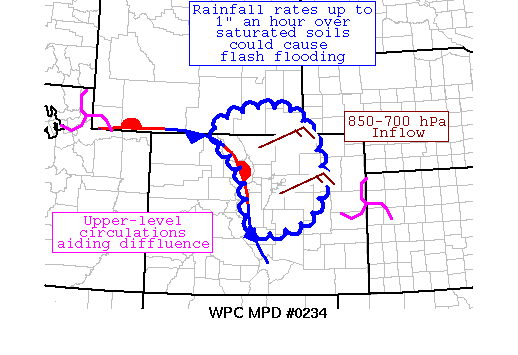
AREAS AFFECTED...SOUTHEAST WY AND NORTHEAST CO

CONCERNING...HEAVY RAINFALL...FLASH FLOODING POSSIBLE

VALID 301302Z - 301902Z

SUMMARY...BUILDING INSTABILITY COMBINED WITH UPSLOPE FLOW AND
AVAILABLE MOISTURE COULD LEAD TO FLASH FLOODING OVER SATURATED
SOILS.

DISCUSSION...RADAR IMAGERY OVER THE PAST HOUR HAS INDICATED AN
UPTICK IN PRECIPITATION INTENSITY ACROSS SOUTHEAST WY AND
NORTHEAST CO.  UPSLOPE FLOW OF 10-20 KTS IS SEEN IN THE 850-700
HPA LAYER, WITH PRECIPITABLE WATER VALUES IN THE REGION ~1.25",
WHICH REMAINS 1.5-2 STANDARD DEVIATIONS ABOVE NORMAL OR NEAR THE
90TH PERCENTILE FOR LATE JULY.  THE BOULDER CO SOUNDING IS QUITE
MOIST WITH NO DRY LAYERS NEAR THE SURFACE, SO NO ADDITIONAL COLD
POOLS ARE EXPECTED TO FORM WITH ONGOING LOW-TOPPED CONVECTION.
THE MEAN 850-400 HPA WIND FLOW IS EXTREMELY WEAK IN THIS AREA --
THE MAGNITUDE OF THE LOW-LEVEL INFLOW DOES EXCEED THE MEAN FLOW
WHICH SHOULD ALLOW FOR GOOD PRECIPITATION EFFICIENCY.  DIVERGENCE
ALOFT IS BEING AIDED BY A DISTURBANCE ENTERING SOUTHWEST WY, AN
UPPER LEVEL LOW LEAVING EASTERN CO, AND A CURVED -- ALBEIT WEAK --
200 HPA JET STREAK TO THEIR SOUTH.

WITH CAPE VALUES INCREASING -- NOW PAST 500 J/KG PER THE SPC
MESOANALYSIS PAGE -- BELIEVE MODERATE TO HEAVY RAINFALL, UP TO AN
1" AN HOUR, IS POSSIBLE OVER THE NEXT SEVERAL HOURS BEFORE
MOISTURE IN THE REGION FADES THIS AFTERNOON.    PROPAGATION
VECTORS ARE FAIRLY LIGHT, INDICATING LESS THAN 10 KTS OF FORWARD
PROPAGATION IS POSSIBLE.  ADDITIONAL ACTIVITY COULD FORM FURTHER
DOWN THE FRONT RANGE OF THE ROCKIES INTO THE PUB FORECAST OFFICE'S
AREA LATER THIS MORNING.  THERE WAS A MODEST SIGNAL FOR HEAVY
RAINFALL IN THE MOST RECENT MESOSCALE QPF GUIDANCE, WITH LOCAL
AMOUNTS OF CLOSE TO 2" INDICATED.  CONSIDERING THE SATURATED SOILS
IN THE REGION, FLASH FLOODING IS CONSIDERED POSSIBLE.